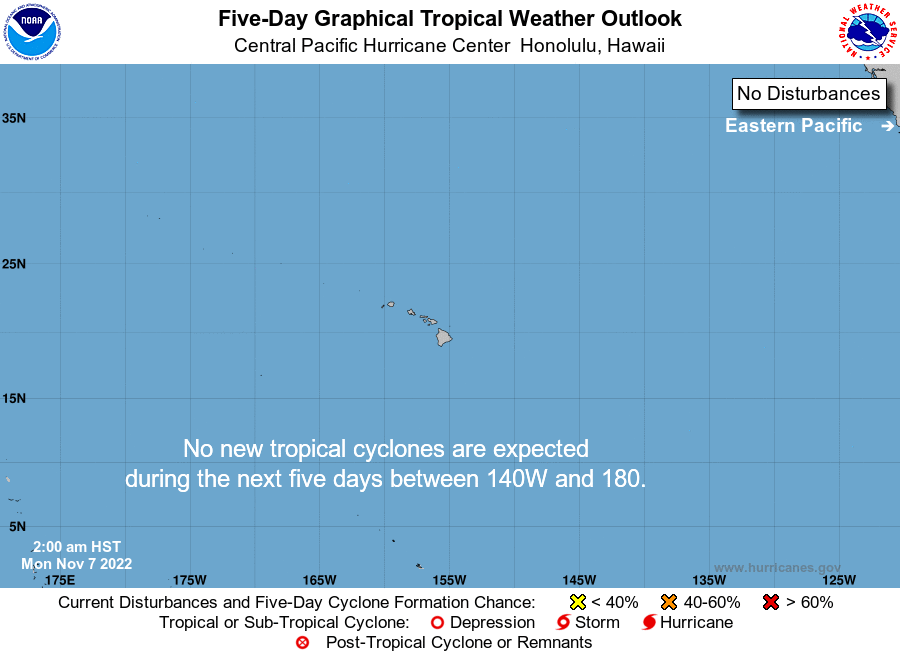
For the central North Pacific...between 140W and 180W:

No tropical cyclones are expected during the next 5 days.

Forecaster Houston